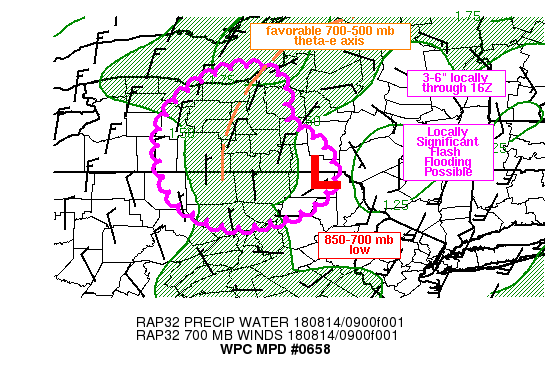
Areas affected...north-central PA into west-central NY

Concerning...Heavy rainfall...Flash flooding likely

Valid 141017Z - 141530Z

SUMMARY...Locally concentrated areas of slow moving heavy rain are
likely to continue through late morning across portions of
west-central NY into northern PA. Additional totals of 3-6 inches
will be possible where cells stall the longest, on a localized
basis.

DISCUSSION...KBGM radar imagery over the past 1-2 hours has shown
a small cluster of heavy rain (1-2 in/hr rates) nearly stationary
over Seneca, Yates and Schuyler counties in west-central NY. Local
reports from Wunderground.com indicate 3-5+ inches of rain has
fallen on either side of Seneca Lake where multiple water rescues
are being reported and where a Flash Flood Emergency was issued at
524 AM EDT. This region sits in a favorable spot to the west of an
850-700 mb low located just southeast of Binghamton, within a
TROWAL signature and relatively higher precipitable water values
of 1.5 to 1.8 inches extending southwestward from northeastern NY.
CAPE remains weak across the region, roughly 500 J/kg per the
latest SPC mesoanalysis page, and little change in CAPE is
expected over the next couple of hours given cloud cover.

Slow pivoting of a favorable 700-500 mb theta-e axis is
anticipated over the next 2-4 hours with the portion near Lake
Ontario translating westward, while some slight eastward movement
near the NY/PA border is anticipated as the 700 mb low slowly
adjusts northeastward through 18Z. Expect the continued
development of slow moving or nearly stationary cores of heavy
rain to develop/dissipate with rainfall rates of 1-2 in/hr across
portions of west-central NY into north-central PA with localized
totals of 3-6 inches possible through 16Z. Given the saturated
soils in place, especially across northern PA into the first row
or two of counties in west-central NY, flash flooding is
considered likely, possibly significant, although it is not
expected to be widespread across the entire MPD threat area.